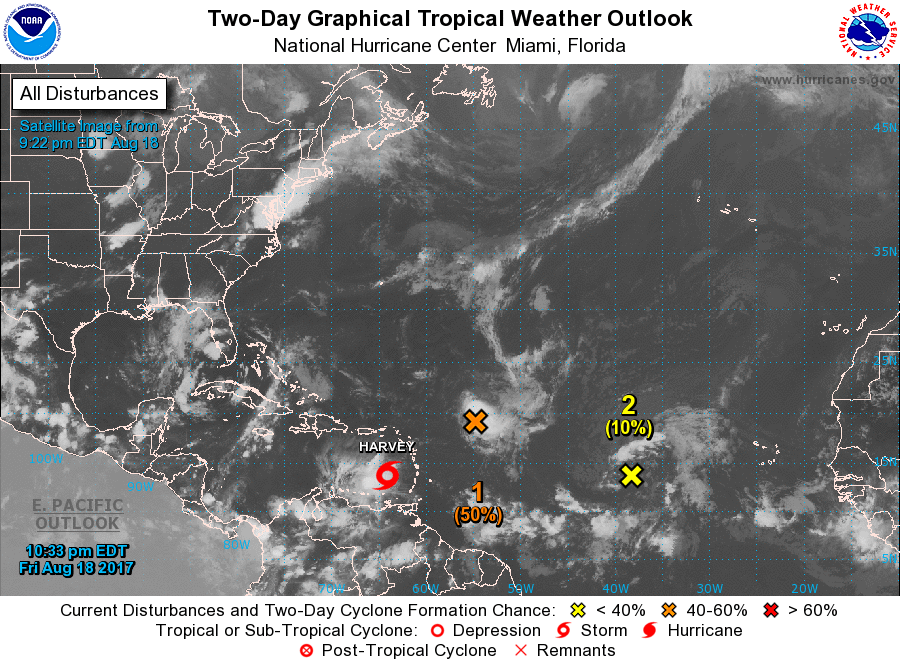
For the North Atlantic...Caribbean Sea and the Gulf of Mexico:

The National Hurricane Center is issuing advisories on Tropical Storm Harvey, located over the eastern Caribbean Sea.

1. Showers and thunderstorms associated with an area of disturbed weather located about 500 miles east-northeast of the northern Leeward Islands have become less organized since yesterday due to strong upper-level winds, and satellite data suggest that the surface circulation has become less defined. Environmental conditions are expected to be only marginally conducive for development during the next couple of days while this system moves west-northwestward at about 20 mph, and the chances for tropical cyclone formation appear to be decreasing.
* Formation chance through 48 hours...medium...50 percent.
* Formation chance through 5 days...medium...50 percent.

2. A tropical wave located over the far eastern Atlantic Ocean, almost a thousand miles west of the Cabo Verde Islands, is producing limited shower and thunderstorm activity. Environmental conditions appear somewhat conducive for gradual development over the next few days while the system moves west-northwestward to northwestward at about 20 mph, but upper-level winds are forecast to become unfavorable by the middle of next week.
* Formation chance through 48 hours...low...10 percent.
* Formation chance through 5 days...low...30 percent.

Forecaster Berg